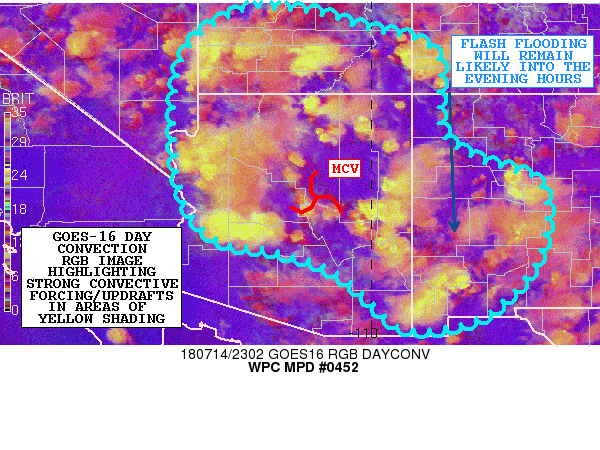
AREAS AFFECTED...FAR SOUTHEAST NV...SOUTHERN UT..FAR SOUTHWEST
CO....AZ...WESTERN NM

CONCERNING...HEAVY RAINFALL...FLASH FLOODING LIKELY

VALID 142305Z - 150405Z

SUMMARY...ADDITIONAL SLOW-MOVING SHOWERS AND THUNDERSTORMS WILL
CONTINUE TO FOSTER A LIKELIHOOD OF FLASH FLOODING THROUGH THE
EVENING HOURS.

DISCUSSION...THE AFTERNOON GOES-16 DAY CONVECTION RGB SATELLITE
IMAGERY SHOWS NUMEROUS CLUSTERS OF VIGOROUS CONVECTION WITH ROBUST
COLD-TOPPED UPDRAFTS IMPACTING AREAS OF SOUTHEAST NV...SOUTHERN
UT...SOUTHWEST CO AND SOUTH DOWN ACROSS A LARGE AREA OF AZ AND NM.
THE CONVECTION IS IS BEING HIGHLY FACILITATED BY AN ANOMALOUSLY
MOIST AND UNSTABLE ENVIRONMENT ASSOCIATED WITH THE MONSOON PATTERN
ACROSS THE GREATER SOUTHWEST U.S. THERE CONTINUES TO ALSO BE THE
PRESENCE OF AN MCV OVER CENTRAL AZ TO THE SOUTH OF THE MOGOLLON
RIM WHICH IS PROVIDING SOME SMALLER SCALE FORCING FOR CONVECTION
IN CONJUNCTION WITH TERRAIN-DRIVEN OROGRAPHICS WHICH HAVE BEEN A
NOTABLE FOCUS THROUGH THE AFTERNOON SO FAR.

PWATS ACROSS THE REGION REMAIN AS MUCH AS 2 TO 3 STANDARD
DEVIATIONS ABOVE NORMAL AND THIS WILL CONTINUE TO FAVOR A HIGHLY
EFFICIENT ENVIRONMENT FOR ENHANCED RAINFALL RATES. RAINFALL RATES
HAVE BEEN LOCALLY EXCEEDING 2 INCHES/HR...AND THIS SHOULD REMAIN
THE CASE GOING THROUGH THE EVENING HOURS AS CONVECTION CONTINUES
TO EXPAND IN COVERAGE AND GRADUALLY EXHAUST WHAT IS A MODERATELY
UNSTABLE BOUNDARY LAYER AT THIS TIME GIVEN MLCAPE VALUES OF AS
HIGH AS 1500 J/KG. ADDITIONAL RAINFALL AMOUNTS MAY LOCALLY REACH
AS MUCH AS 3 TO 4 INCHES WITHIN THE STRONGER CONVECTIVE
CORES...AND ESPECIALLY WHERE OVERSHOOTING TOP ACTIVITY OCCURS.

FLASH FLOODING WILL REMAIN LIKELY...WITH PARTICULAR FOCUS AGAIN ON
AREA SLOT CANYONS...DRY WASHES AND BURN SCARS. WILL CONTINUE TO
MONITOR.